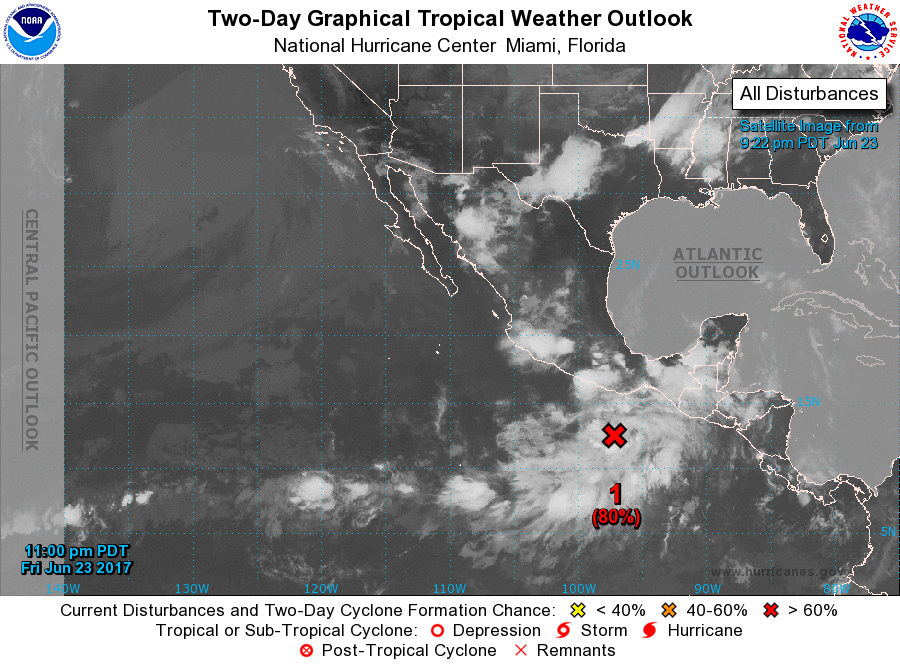
For the eastern North Pacific...east of 140 degrees west longitude:

1. Showers and thunderstorms associated with a low pressure system centered a couple of hundred miles south-southwest of Puerto Angel, Mexico, are gradually becoming better organized. Environmental conditions are conducive for additional development, and a tropical depression is expected to form during the next day or two while the low moves west-northwestward at 10 mph parallel to the coast of Mexico. Heavy rains are possible in the Mexican states of Oaxaca and Guerrero during the next couple of days, and interests along the southwestern coast of Mexico should monitor the progress of this system.
* Formation chance through 48 hours...high...80 percent.
* Formation chance through 5 days...high...90 percent.

Forecaster Berg